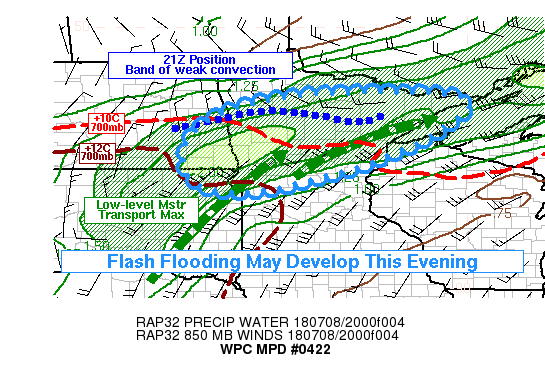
AREAS AFFECTED...FAR ERN DAKOTAS...NRN MINNESOTA

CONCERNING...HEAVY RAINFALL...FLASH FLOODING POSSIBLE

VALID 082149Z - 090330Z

SUMMARY...THUNDERSTORMS ARE EXPECTED TO DEVELOP LATE THIS
AFTERNOON ACROSS NORTHERN MINNESOTA AND PERHAPS BACK INTO THE FAR
EASTERN DAKOTAS. THESE STORMS WILL GRADUALLY SHIFT SOUTH WITH
TIME...BUT MAY REPEAT OVER SIMILAR AREAS ENOUGH TO PRODUCE HEAVY
RAINFALL. RAIN RATES OF 1-2 IN/HR WILL BE POSSIBLE WITH LOCALIZED
TOTALS OVER 3 INCHES...AND THIS MAY LEAD TO SOME FLASH FLOODING.

DISCUSSION...HI-RES MODELS ARE IN EXCELLENT AGREEMENT THAT
THUNDERSTORMS WILL DEVELOP IN THE NEXT FEW HOURS OVER NRN MN...AS
LOW-LEVEL SOUTHERLY INFLOW INCREASES AND A SURFACE COLD FRONT
SHIFTS SOUTH OF THE INTERNATIONAL BORDER. THE 12Z HREF SHOWS
NEIGHBORHOOD PROBABILITIES OF 1 INCH OF RAIN BETWEEN 21-00Z AS
HIGH AS 70-90 PERCENT IN PARTS OF NORTH-CENTRAL MINNESOTA AND THE
HRRR TIME-LAGGED ENSEMBLE IS SLIGHTLY LOWER ON THE VALUES BUT IN
GOOD AGREEMENT ON THE GENERAL LOCATION (LAKES COUNTRY NEAR
WADENA...ENE TO THE IRON RANGE NEAR EVELETH). AS THE FRONT
CONTINUES TO GRADUALLY PUSH SOUTH DURING THE EVENING...THE
CONVECTION IS EXPECTED TO SIMILARLY SHIFT SOUTH FROM THE INITIAL
DEVELOPMENT LOCATION...ALTHOUGH THIS TREND SHOULD BE RELATIVELY
GRADUAL. AS OF 21Z...THERE WAS ONLY A WEAK BAND OF CONVECTION FROM
NEAR KBAZ TO NEAR KFOZ...AND GOES-16 VISIBLE SATELLITE SHOWED
LIMITED CLOUD DEVELOPMENT BEYOND 150KM SOUTH OF THAT DESPITE
CONSIDERABLE CONDITIONAL INSTABILITY. THIS MAY BE DUE TO A WARM
LAYER AROUND 850-700MB NOSING INTO SOUTH DAKOTA AND CENTRAL
MINNESOTA. THE EDGE OF THIS CAP MAY GRADUALLY ERODE THROUGH
CONVECTIVE DEVELOPMENT AND SUSTAINED VERTICAL MOTION...BUT FOR
SEVERAL HOURS THE CAP SHOULD SOMEWHAT LIMIT THE SOUTHWARD EXTENT
OF CONVECTION.

AS THE LLJ INCREASES AROUND 00Z...IT SHOULD VEER TO A MORE
WESTERLY DIRECTION AS IT APPROACHES THE FRONT...AND PRODUCE MORE
UNI-DIRECTIONAL WIND PROFILES IN THE CORRIDOR OF EXPECTED
CONVECTIVE DEVELOPMENT. AS THE FRONT CONTINUES TO PUSH SOUTH AT
THE SAME TIME...THIS SHOULD RESULT IN AN INCREASINGLY FOCUSED
RIBBON OF RAIN AND CONVECTION AND A NARROWING OF THE PLUME OF
HIGHER PWS. THE PRECIPITABLE WATER VALUES ARE ANALYZED BY THE RAP
MODEL TO BE AROUND 2 INCHES...WHICH IS ABOVE THE 95TH PERCENTILE
PER CFSR CLIMATOLOGY. THUS...A FOCUSED BAND OF HEAVY RAINFALL
SEEMS SOMEWHAT LIKELY THIS EVENING. GIVEN THE ELEVATED PWS...RAIN
RATES APPROACHING 2 IN/HR WILL BE POSSIBLE WHICH COULD LEAD TO
FLASH FLOODING.

THE PRIMARY UNCERTAINTY RELATES TO THE EROSION OF THE CAP AND JUST
HOW QUICKLY THE FRONT WILL BE ABLE TO ADD A MORE SUBSTANTIAL
NORTH-SOUTH COMPONENT TO THE MOTION OF THE CONVECTIVE BAND. SOME
HI-RES MODELS ARE MORE AGGRESSIVE IN SHOWING THIS (SUCH AS THE
NSSL WRF)...BUT THEY MAY BE TOO FAST. IF THE MORE FOCUSED CHANNEL
OF HIGH PW AIR CAN BE MAINTAINED AT A SIMILAR LATITUDE FOR SEVERAL
HOURS...FLASH FLOODING WOULD BE MORE LIKELY. ANOTHER UNCERTAINTY
RELATES TO POCKETS OF HIGHER FFG IN THE BRAINERD LAKES REGION. IF
THE CONVECTIVE BAND HAS A STEADY DRIFT...IT MAY BE SUFFICIENT TO
PREVENT EXTREMELY HIGH RAINFALL TOTALS AT ANY ONE LOCATION.

OVERALL THOUGH...IT DOES APPEAR THERE WILL BE A CHANCE OF FLASH
FLOODING THIS EVENING. THE BEST CHANCES LOOK TO BE NEAR THE NOSE
OF THE INCREASING LOW-LEVEL FLOW WHERE IT ALIGNS WITH THE EDGE OF
THE CAP (AROUND +10 TO +11C AT 700MB) WHICH WOULD LIKELY BE IN
PORTIONS OF NORTH-CENTRAL MINNESOTA.